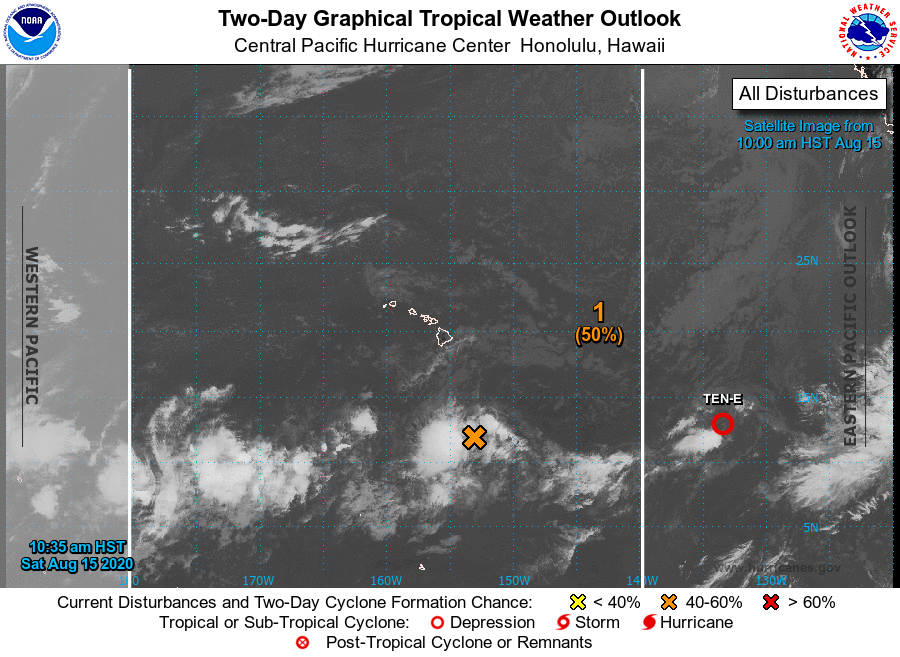
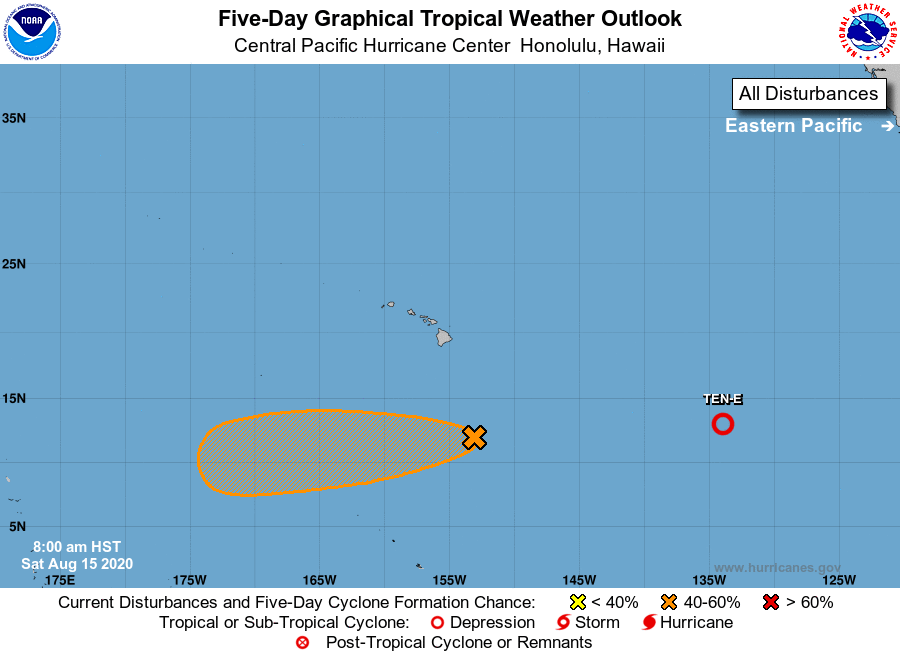
For the central North Pacific...between 140W and 180W:

1. An area of low pressure is located around 550 miles south of Hilo, Hawaii. Shower and thunderstorm activity with the feature has persisted over the past six hours. Environmental conditions are expected to become more conducive for development during the next few days and a tropical depression may form later this weekend or early next week as the system moves steadily west at around 10 mph.
* Formation chance through 48 hours...medium...50 percent.
* Formation chance through 5 days...medium...60 percent.

Elsewhere, no tropical cyclones are expected during the next 5 days.

Forecaster Kinel